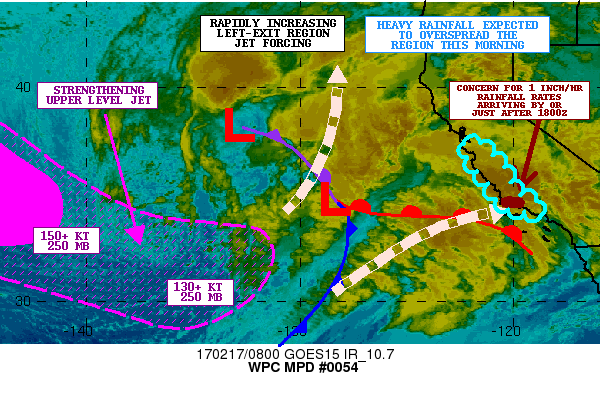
AREAS AFFECTED...COASTAL RANGES OF CENTRAL AND SOUTHERN CALIFORNIA

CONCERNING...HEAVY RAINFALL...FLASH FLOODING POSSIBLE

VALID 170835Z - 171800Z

SUMMARY...SIGNIFICANT OFFSHORE TROUGH AMPLIFICATION WILL ALLOW
HEAVY RAINS TO APPROACH AND BEGIN OVERSPREADING PORTIONS OF THE
CENTRAL AND SOUTHERN CALIFORNIA COASTAL RANGES THIS MORNING. FLASH
FLOODING WILL BE AN INCREASING CONCERN WITH TIME.

DISCUSSION...THE LATEST GOES-WEST IR/WV IMAGERY SHOWS A RAPIDLY
AMPLIFYING UPPER TROUGH OFFSHORE OF CALIFORNIA APPROACHING 130W AS
THE NOSE OF A POWERFUL 130 TO 150+ KT UPPER JET MAX UPSTREAM DIGS
SOUTHEAST IN BETWEEN ABOUT 30N AND 35N. DOWNSTREAM OF THIS 250 MB
JET CORE IS AN AREA OF RAPIDLY STRENGTHENING LEFT-EXIT JET
DYNAMICS AND AN EXPANSION COOLING CLOUD TOPS. THIS IS RESULTING IN
MORE ORGANIZED AND HEAVIER OFFSHORE RAINS AS EVIDENCED BY THE LAST
COUPLE OF AMSU PASSES AND ESPECIALLY THE 0546Z PASS WHICH SHOWS
SOME POCKETS OF 0.50+ INCH/HR RAINFALL RATES.

OVER THE NEXT SEVERAL HOURS...THE UPPER TROUGH WILL CONTINUE TO
DEEPEN AND LOW PRESSURE WILL BE ENCROACHING ON CENTRAL AND
SOUTHERN CA. LIGHT TO MODERATE WARM ADVECTION RAINS INITIALLY WILL
BECOME STEADIER AND HEAVIER THROUGH THE MORNING...AND BY
MID-MORNING...THERE SHOULD BE ORGANIZED HEAVY RAINFALL
OVERSPREADING THE COASTAL RANGES. THE LATEST HIRES GUIDANCE LED BY
THE 00Z ARW/NMMB AND CONSECUTIVE RUNS OF THE HRRR OVER THE LAST
FEW HOURS INDICATE RAINFALL AMOUNTS THROUGH 1800Z OF UP TO 2 TO 3
INCHES WITH ISOLATED HEAVIER AMOUNTS.

HOWEVER...BY 1800Z...IT IS EXPECTED THAT SOME PARTICULARLY HEAVY
RAINFALL RATES THAT MAY APPROACH 1 INCH/HR MAY BEGIN TO ARRIVE
BASED ON THE LATEST AMSU TRENDS AND HIRES MODEL OUTPUT...AND WITH
A EMPHASIS ON THE SOUTH-CENTRAL CA COASTAL RANGES. MORE
SPECIFICALLY...AREAS IN AND AROUND SANTA BARBARA COUNTY ARE
EXPECTED TO BE VULNERABLE AS IT IS HERE WHERE A STRENGTHENING LOW
LEVEL JET THAT WILL BE APPROACHING 50 KTS WILL BE ORIENTED
ORTHOGONAL TO THE TERRAIN INCLUDING THE SANTA YNEZ MOUNTAINS. THIS
WILL HELP TRANSPORT PWATS OF 1.25 TO 1.4 INCHES TOWARD THE COAST
AND RESULT IN HEAVY OROGRAPHICALLY ENHANCED RAINFALL RATES. SOME
CONVECTIVE ELEMENTS MAY ALSO BEGIN TO APPROACH THE COAST AS WELL
GIVEN STEEPENING MID/UPPER LEVEL LAPSE RATES BY THAT TIME.

GIVEN THE INCREASED RAINFALL RATE POTENTIAL BY LATE
MORNING...THERE WILL BE A GROWING CONCERN FOR FLASH FLOODING WITH
TIME AND ESPECIALLY OVER THE PACIFIC-FACING COASTAL
RANGES/COUNTIES WHERE THERE ARE ALSO BURN SCAR CONCERNS. MUCH
HEAVIER RAIN IS EXPECTED JUST BEYOND THIS PERIOD FOR THE REMAINDER
OF SOUTHERN CA WHERE A SIGNIFICANT FLASH FLOOD THREAT EXISTS FOR
LATER TODAY. STAY TUNED FOR UPDATES.